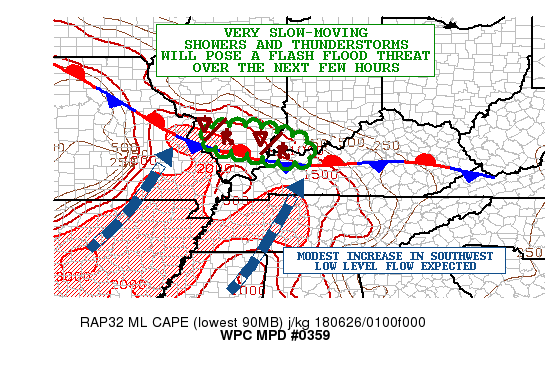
AREAS AFFECTED...SOUTHERN IL...FAR SOUTHWEST IN...FAR NORTHWEST KY

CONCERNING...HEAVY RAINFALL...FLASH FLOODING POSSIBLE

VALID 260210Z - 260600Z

SUMMARY...SLOW-MOVING SHOWERS AND THUNDERSTORMS OVER THE NEXT FEW
HOURS WILL POSE A THREAT FOR SOME FLASH FLOODING.

DISCUSSION...RADAR IMAGERY SHOWS A RELATIVELY SMALL CLUSTER OF
HEAVY SHOWERS AND THUNDERSTORMS ATTEMPTING TO EXPAND IN COVERAGE
OVER AREAS OF SOUTHERN IL. THE ACTIVITY IS FOCUSING WITHIN A BROAD
WARM ADVECTION PATTERN JUST NORTH OF A QUASI-STATIONARY FRONT AND
AHEAD OF A DEEP LAYER CLOSE LOW OVER THE MIDWEST.

THE CONVECTION OVER THE NEXT FEW HOURS MAY ATTEMPT TO EXPAND A BIT
MORE IN COVERAGE AS THE SOUTHWEST LOW LEVEL FLOW INCREASES A BIT
AND OVERRUNS THE AFOREMENTIONED BOUNDARY WHILE THE REGION ALSO
BEGINS TO SEE AT LEAST MODEST HEIGHT FALLS ASSOCIATED WITH THE
MIDWEST CLOSED LOW. UPPER JET SUPPORT IS QUITE WEAK...BUT
INSTABILITY IS QUITE PLENTIFUL WITH MLCAPE VALUES ALONG THE FRONT
OF 2000 TO 2500 J/KG. A MODEST UPTICK IN LOW LEVEL JET ENERGY
SHOULD TEND TO AT LEAST SUSTAIN THE ONGOING ACTIVITY NEAR THE
FRONT AS IT ADVANCES VERY SLOWLY OFF TO THE EAST...AND THERE WILL
BE SOME POTENTIAL FOR AN EXPANSION OF ACTIVITY FARTHER DOWNSTREAM
ALONG AND JUST NORTH OF THE FRONT INVOLVING PARTS OF FAR SOUTHWEST
IN AND NORTHWEST KY.

THE MOST RECENT HIRES MODEL GUIDANCE LED BY THE HRRR SUGGESTS A
LOCALIZED STRIPE OF 3 TO 4 INCHES OF RAIN OVER THE NEXT FEW HOURS
ACROSS AREAS OF SOUTHERN IL. AREAS OF FAR SOUTHWEST IN AND FAR
NORTHWEST KY WILL ALSO NEED TO BE MONITORED BASED THE LATEST
CONVECTIVE TRENDS. SOME FLASH FLOODING WILL BE POSSIBLE GIVEN THE
EXPECTED AMOUNTS.